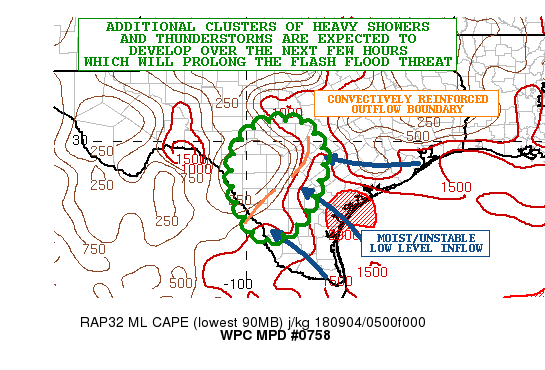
Areas affected...Middle Rio Grande Valley to the TX Hill Country

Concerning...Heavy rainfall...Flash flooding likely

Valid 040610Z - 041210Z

Summary...Additional heavy showers and thunderstorms are expected
over the next few hours which will locally exacerbate ongoing
flash flooding concerns. New areas of flash flooding will be
likely through the early morning hours.

Discussion...The latest GOES-16 IR satellite imagery has been
showing some significant cloud top cooling over portions of
Dimmitt and Webb counties down along the Rio Grande river over the
last 1 to 2 hours as convection develops within a moderately
unstable airmass and in vicinity of a well-defined and very
slow-moving convectively reinforced outflow boundary. The cold
pool associated with the convection appears to be strengthening
which is fostering a stronger instability gradient given the
persistence of a moist/unstable east-southeast low level flow
regime in off the western Gulf of Mexico. MLCAPE values east of
the cold pool are as much as 1500 to 2000 j/kg and this coupled
with some hints of an MCV near the Rio Grande river will likely
tend to support additional clusters of convective organization.
Meanwhile, the flow aloft remains rather diffluent which will aid
the ongoing convective activity.

PWATS are again very high with GPS-derived values of as much as
2.25 inches. The environment remains conducive to highly efficient
warm rain processes for enhanced rainfall rates that will exceed 3
inches/hr within the stronger convective cores.

Based on the latest HRRR guidance, and considering the satellite
and radar trends, expect locally as much as an additional 3 to 6
inches of rain going through 12Z. Some of this rain could
potentially occur over areas already hard hit be earlier rains,
and especially around the San Antonio metropolitan area. Flash
flooding is ongoing in many areas, and additional flash flooding
is expected, some of which may be particularly significant if the
additional rainfall gets back over the more urbanized areas.